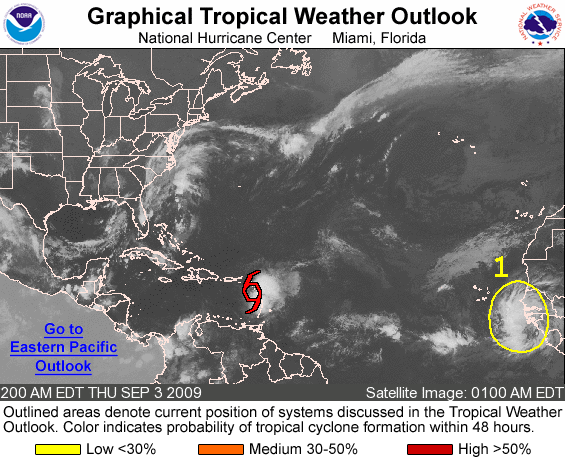
FOR THE NORTH ATLANTIC...CARIBBEAN SEA AND THE GULF OF MEXICO...

THE NATIONAL HURRICANE CENTER IS ISSUING ADVISORIES ON TROPICAL STORM ERIKA LOCATED JUST WEST OF GUADELOUPE IN THE LEEWARD ISLANDS.

1. A VIGOROUS TROPICAL WAVE LOCATED NEAR THE WEST COAST OF AFRICA...A FEW HUNDRED MILES TO THE EAST-SOUTHEAST OF THE CAPE VERDE ISLANDS...IS ACCOMPANIED BY A LARGE AREA OF CLOUDINESS AND SHOWERS. SOME SLOW DEVELOPMENT OF THIS SYSTEM IS POSSIBLE OVER THE NEXT COUPLE OF DAYS AS IT MOVES WESTWARD AT 10 TO 15 MPH OVER THE FAR EASTERN TROPICAL ATLANTIC. THERE IS A LOW CHANCE...LESS THAN 30 PERCENT...OF THIS SYSTEM BECOMING A TROPICAL CYCLONE DURING THE NEXT 48 HOURS.

ELSEWHERE...TROPICAL CYCLONE FORMATION IS NOT EXPECTED DURING THE NEXT 48 HOURS.

FORECASTER PASCH